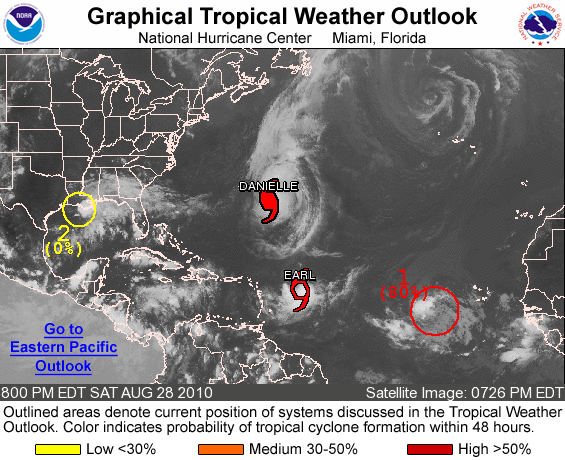
FOR THE NORTH ATLANTIC...CARIBBEAN SEA AND THE GULF OF MEXICO...

THE NATIONAL HURRICANE CENTER IS ISSUING ADVISORIES ON HURRICANE DANIELLE...LOCATED ABOUT 330 MILES EAST-SOUTHEAST OF BERMUDA...AND ON TROPICAL STORM EARL...LOCATED ABOUT 570 MILES EAST OF THE NORTHERN LEEWARD ISLANDS.

1. A BROAD LOW PRESSURE SYSTEM...ASSOCIATED WITH A VIGOROUS TROPICAL WAVE...IS LOCATED ABOUT 500 MILES WEST OF THE CAPE VERDE ISLANDS. SHOWERS AND THUNDERSTORMS HAVE RECENTLY INCREASED NEAR THE CENTER...AND ENVIRONMENTAL CONDITIONS REMAIN FAVORABLE FOR A TROPICAL DEPRESSION TO FORM LATER TONIGHT OR SUNDAY. THERE IS A HIGH CHANCE...80 PERCENT...OF THIS SYSTEM BECOMING A TROPICAL CYCLONE DURING THE NEXT 48 HOURS AS IT MOVES WESTWARD TO WEST- NORTHWESTWARD AT ABOUT 20 MPH.

2. SHOWERS AND THUNDERSTORMS ASSOCIATED WITH A WEAK NON-TROPICAL LOW PRESSURE AREA OVER THE NORTHERN GULF OF MEXICO REMAIN DISORGANIZED. THE LOW IS DRIFTING NORTHWARD AND IS EXPECTED TO MOVE INLAND OVER SOUTHWESTERN LOUISIANA LATE TONIGHT OR EARLY SUNDAY. ADDITIONAL DEVELOPMENT IS UNLIKELY...AND THERE IS A LOW CHANCE...NEAR 0 PERCENT...OF THIS SYSTEM BECOMING A SUBTROPICAL OR A TROPICAL CYCLONE DURING THE NEXT 48 HOURS.

ELSEWHERE...TROPICAL CYCLONE FORMATION IS NOT EXPECTED DURING THE NEXT 48 HOURS.

FORECASTER BLAKE